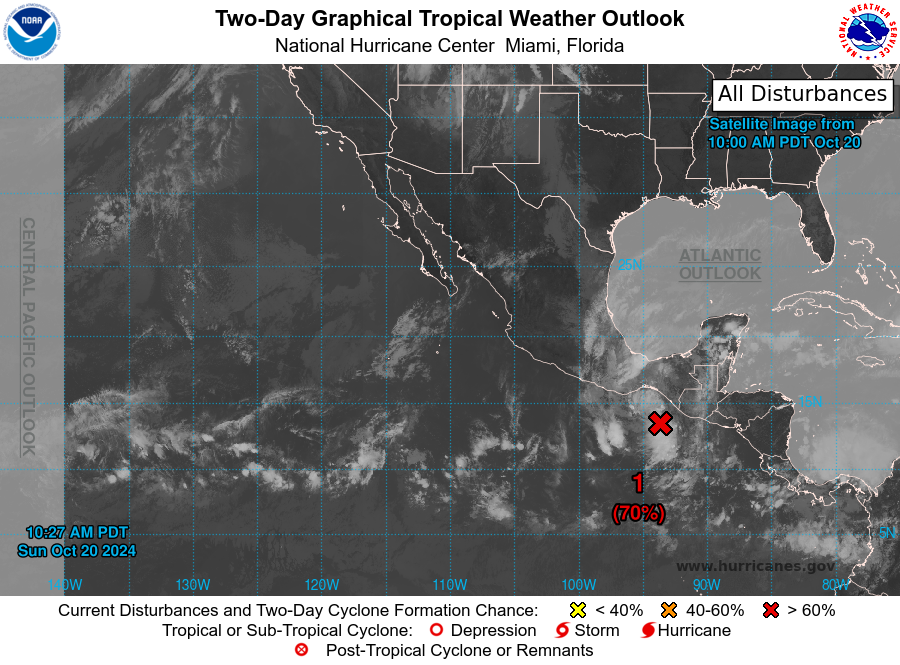
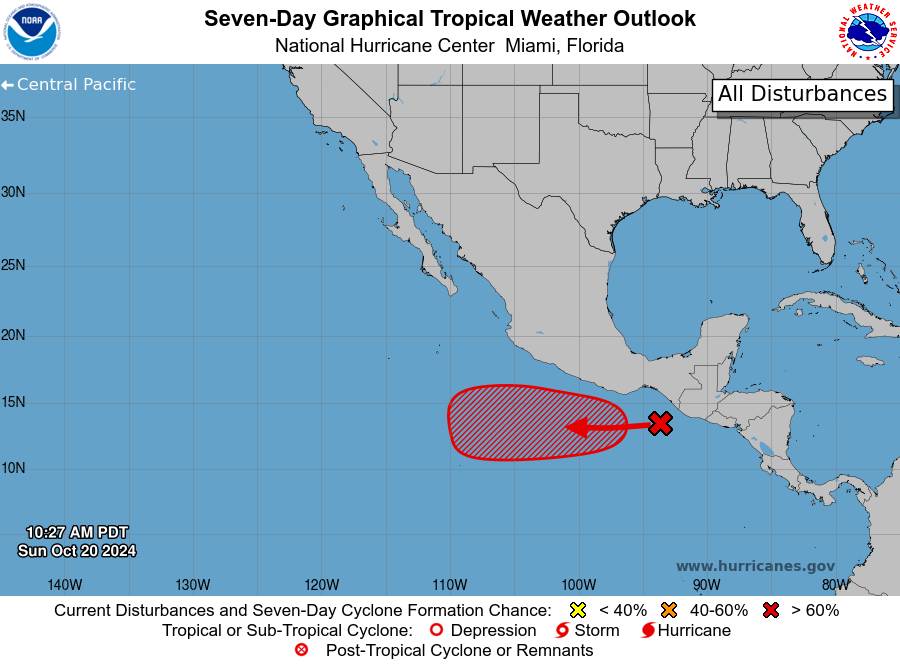
For the eastern North Pacific...east of 140 degrees west longitude:

1. South of Southwestern Mexico: A trough of low pressure has developed in the Gulf of Tehuantepec this morning, which is due in part to the remnants of Nadine. Environmental conditions are conducive for further development, and a tropical depression is likely to form within the next couple of days, while the system moves westward at around 15 mph away from the coast of Mexico.
* Formation chance through 48 hours...high...70 percent.
* Formation chance through 7 days...high...90 percent.

Forecaster Landsea